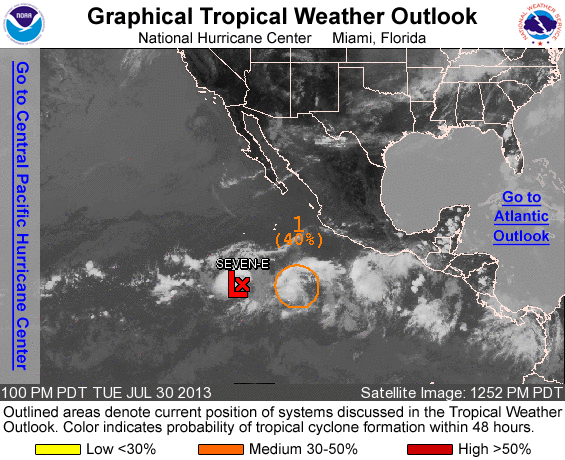
FOR THE EASTERN NORTH PACIFIC...EAST OF 140 DEGREES WEST LONGITUDE..

THE NATIONAL HURRICANE CENTER IS ISSUING ADVISORIES ON TROPICAL DEPRESSION SEVEN-E...LOCATED WELL OFFSHORE OF THE SOUTHWEST COAST OF MEXICO.

1. THE AREA OF DISTURBED WEATHER LOCATED ABOUT 750 MILES SOUTH OF THE SOUTHERN TIP OF THE BAJA CALIFORNIA PENINSULA HAS BECOME BETTER ORGANIZED OVER THE PAST FEW HOURS. THIS SYSTEM NOW HAS A MEDIUM CHANCE...40 PERCENT...OF BECOMING A TROPICAL CYCLONE DURING THE NEXT 48 HOURS...AS IT MOVES GENERALLY WESTWARD AT 10 TO 15 MPH.

ELSEWHERE...TROPICAL CYCLONE FORMATION IS NOT EXPECTED DURING THE NEXT 48 HOURS.

PUBLIC ADVISORIES ON TROPICAL DEPRESSION SEVEN-E ARE ISSUED UNDER WMO HEADER WTPZ32 KNHC AND UNDER AWIPS HEADER MIATCPEP2. FORECAST/ADVISORIES ON TROPICAL DEPRESSION SEVEN-E ARE ISSUED UNDER WMO HEADER WTPZ22 KNHC AND UNDER AWIPS HEADER MIATCMEP2.

FORECASTER PASCH/AVILA